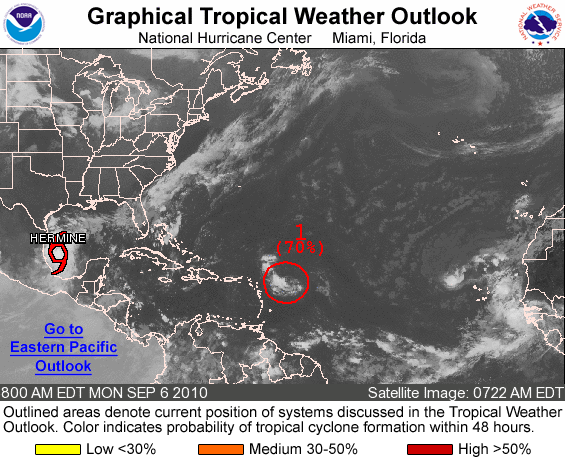
FOR THE NORTH ATLANTIC...CARIBBEAN SEA AND THE GULF OF MEXICO...

THE NATIONAL HURRICANE CENTER IS ISSUING ADVISORIES ON RECENTLY UPGRADED TROPICAL STORM HERMINE...LOCATED ABOUT 280 MILES SOUTH-SOUTHEAST OF BROWNSVILLE TEXAS.

1. SHOWERS AND THUNDERSTORMS HAVE BECOME LESS ORGANIZED DURING THE PAST FEW HOURS IN ASSOCIATION WITH THE REMNANT LOW OF GASTON...LOCATED ABOUT 400 MILES EAST OF THE NORTHERN LEEWARD ISLANDS. ENVIRONMENTAL CONDITIONS ARE EXPECTED TO BECOME MORE CONDUCIVE FOR DEVELOPMENT OVER THE NEXT DAY OR SO AS THE SYSTEM MOVES WESTWARD AT ABOUT 15 MPH. THERE IS A HIGH CHANCE...70 PERCENT...OF THIS SYSTEM BECOMING A TROPICAL CYCLONE AGAIN DURING THE NEXT 48 HOURS. HEAVY RAINS AND GUSTY WINDS SHOULD BEGIN TO AFFECT PORTIONS OF THE LEEWARD ISLANDS LATER TODAY AND TONIGHT...AND INTERESTS IN THOSE ISLANDS SHOULD MONITOR THE PROGRESS OF THIS SYSTEM.

ELSEWHERE...TROPICAL CYCLONE FORMATION IS NOT EXPECTED DURING THE NEXT 48 HOURS.

PUBLIC ADVISORIES ON HERMINE ARE ISSUED UNDER WMO HEADER WTNT35 KNHC AND UNDER AWIPS HEADER MIATCPAT5. FORECAST/ADVISORIES ON HERMINE ARE ISSUED UNDER WMO HEADER WTNT25 KNHC AND UNDER AWIPS HEADER MIATCMAT5.

FORECASTER CANGIALOSI/PASCH